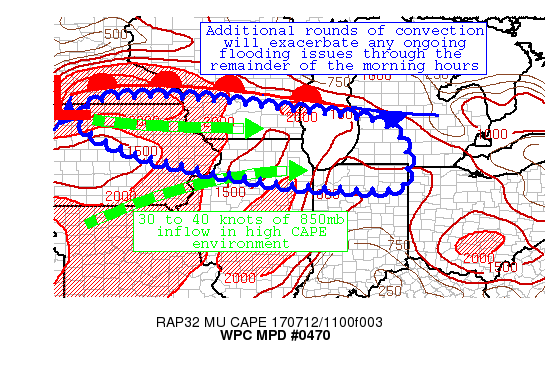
AREAS AFFECTED...NE IOWA...ANY SE WISCONSIN...N ILLINOIS...SW
MICHIGAN...N INDIANA

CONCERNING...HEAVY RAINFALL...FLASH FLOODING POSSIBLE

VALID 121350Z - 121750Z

SUMMARY...MULTIPLE ROUNDS OF VERY HEAVY RAINFALL ARE EXPECTED TO
CONTINUE THROUGH THE LATE MORNING HOURS.  AREAS OF TRAINING
CONVECTION MAY LEAD TO ADDITIONAL FLOODING CONCERNS, ESPECIALLY
OVER AREAS THAT GOT SIGNIFICANT RAINFALL OVERNIGHT.  RAINFALL
RATES MAY EXCEED TWO INCHES PER HOUR AT TIMES WITH THE STRONGEST
CONVECTION.

DISCUSSION...THE MCS THAT PRODUCED WIDESPREAD HEAVY RAINFALL
ACROSS MINNESOTA AND WISCONSIN OVERNIGHT IS NOW STEADILY
PROGRESSING TOWARDS THE EAST-SOUTHEAST.  THE SOUTHERN PORTION OF
THIS MCS IS WHERE THE GREATEST CONCERN OF EXCESSIVE RAINFALL WILL
BE SINCE THE NORTHERN PORTION IS MORE PROGRESSIVE.  AN AGGRAVATING
FACTOR IN THE FLASH FLOODING POTENTIAL ARE THE GREATLY REDUCED
FLASH FLOOD GUIDANCE VALUES OVER PARTS OF SOUTHERN WISCONSIN AND
NORTHERN ILLINOIS WHERE SEVERAL INCHES OF RAIN FELL OVERNIGHT.  AN
ADDITIONAL AREA OF TRAINING CONVECTION IS EXPECTED OVER NORTHEAST
IOWA IN RESPONSE TO INCREASING WARM AIR ADVECTION NEAR THE FRONTAL
ZONE.

MOISTURE AND THERMODYNAMIC PARAMETERS CONTINUE TO BE FAVORABLE FOR
HEAVY RAINFALL FROM ANY STORMS THAT DEVELOP.  THE LATEST PW VALUES
FROM GPS DATA AND LOCAL RAOBS ARE IN THE 1.75 TO 2 INCH RANGE, AND
MUCAPES FROM THE SPC MESOANALYSIS ARE ON THE ORDER OF 1500 TO 2500
J/KG.  THE INSTABILITY IN THE WARM SECTOR SHOULD STEADILY INCREASE
OVER THE NEXT FEW HOURS AS PORTRAYED BY THE LATEST RAP MODEL
GUIDANCE, EXCEEDING 3000 J/KG IN PLACES BY 16Z.

THE LATEST HI-RES GUIDANCE APPEARS TO BE STRUGGLING WITH THE
MAGNITUDE OF THE PRECIPITATION OVER THIS REGION, AND MOST ARE
DISPLACED TOO FAR NORTH WITH THE MAIN QPF AXIS ACCORDING TO THE
RECENT RADAR TRENDS. EXPECT PATCHY AREAS OF 1 TO 3 INCHES OF
RAINFALL THROUGH 18Z, WITH ISOLATED HIGHER AMOUNTS POSSIBLE.